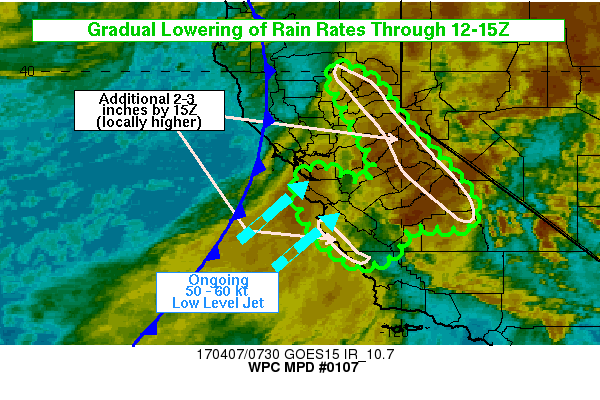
AREAS AFFECTED...CNTRL CA COASTAL RANGES INTO THE SIERRA NEVADA
MTNSH

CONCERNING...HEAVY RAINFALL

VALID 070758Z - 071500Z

SUMMARY...AN ATMOSPHERIC RIVER EVENT APPEARS TO HAVE PEAKED WITH A
GRADUAL DOWNWARD TREND EXPECTED THROUGH THIS MORNING. ADDITIONAL
HEAVY RAIN IMPACTS ARE EXPECTED FOR THE CNTRL CA COASTAL RANGES
INTO THE SIERRA NEVADA WITH AN ADDITIONAL 2-3 INCHES OF RAIN
THROUGH 15Z.

DISCUSSION...AS OF 07Z...GOES WATER VAPOR IMAGERY SHOWED THAT THE
NEGATIVELY TILTED TROUGH AXIS TIED TO A MID-UPPER LEVEL LOW
LOCATED WEST OF THE OR COASTLINE HAD MOVED INLAND ACROSS NRN CA.
THIS HAS ALLOWED THE BEST UPPER DIFFLUENCE TO TRANSLATE NWD INTO
OR...AND ALONG THE CA COAST...INFRARED CLOUD TOPS HAVE BEEN
TRENDING WARMER OVERALL SINCE AROUND 02Z.

A STRONG UPPER JET CENTERED NEAR 250 MB REMAINS AIMED
PERPENDICULAR INTO THE NRN CA COAST WITH ESTIMATED WINDS OVER THE
COAST OF 100 KT...10-20 KT WEAKER THAN RECENT RAP/GFS FORECASTS
BASED ON EARLIER COMPARISON WITH GOES HD WIND DATA.
NONETHELESS...06Z GPS DATA PUTS ANOMALOUS PRECIPITABLE WATER
VALUES OF 1.1 TO 1.2 INCHES OR 3 STANDARD DEVIATIONS ABOVE THE
MEAN NEAR THE SANTA CRUZ MOUNTAINS WITH KMUX 850 MB VAD WINDS OF
55 KT PERPENDICULAR OT THE TERRAIN. RESULTANT LOW LEVEL MOISTURE
FLUX CONTINUES TO ALLOW HEAVY RAINFALL RATES NEAR 0.5 IN/HR IN THE
SANTA CRUZ MOUNTAINS.

AS A POWERFUL 975 MB SURFACE LOW LOCATED ABOUT 200 MI WEST OF THE
OR COAST TRACKS NORTH OVER THE NEXT 6-12 HOURS...850 MB WINDS WILL
REMAIN PERPENDICULAR TO THE CNTRL CA COAST BUT WEAKEN TO ABOUT 30
KTS BY 15Z. PRECIPITABLE WATER MAGNITUDE IS ALSO EXPECTED TO
GRADUALLY DIMINISH WHICH WILL CONTINUE A DOWNWARD TREND IN
RAINFALL INTENSITY ALONG THE CNTRL CA COASTAL RANGES. GIVEN THE
BEST OROGRAPHIC ENHANCEMENT WILL FOCUS INTO THE SANTA LUCIA
RANGE...AN ADDITIONAL 2-3 INCHES OF RAINFALL IS EXPECTED BY
15Z...PERHAPS LOCALLY HIGHER.

INLAND ACROSS THE SIERRA NEVADA RANGE...SNOW LEVELS WILL CONTINUE
TO FALL ACROSS NRN LOCATIONS AS THE ATMOSPHERIC RIVER SLOWLY SINKS
SOUTH. SNOW LEVELS FOR LOCATIONS SOUTH OF ABOUT 38N WILL REMAIN
ABOVE 7000 TO 8000 FT WITH GRADUALLY LOWERING MOISTURE FLUX IN THE
850-700 MB LAYER. OCCASIONAL RAINFALL RATES ABOVE 0.5 IN/HR WILL
BE POSSIBLE UNTIL ABOUT 12Z WITH ADDITIONAL RAINFALL OF 2-3 INCHES
IN UPSLOPE FAVORED TERRAIN THROUGH ROUGHLY 15Z. BEYOND
15Z...CONTINUED WEAKENING OF MOISTURE FLUX SHOULD REDUCE THE
REGION TO STEADY LIGHT AND MODERATE RAINFALL RATES OF 0.3 IN/HR OR
LOWER INTO THE AFTERNOON.